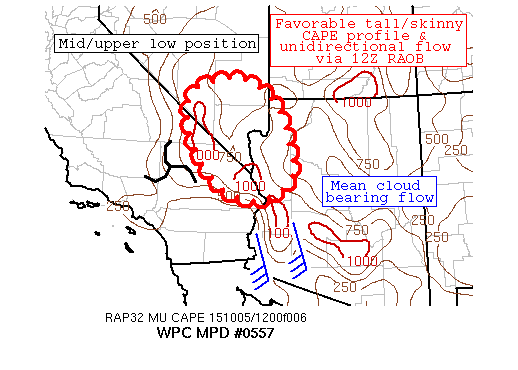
AREAS AFFECTED...EASTERN CA/SOUTHERN NV/NORTHWESTERN AZ...

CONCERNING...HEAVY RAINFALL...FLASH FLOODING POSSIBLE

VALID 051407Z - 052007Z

SUMMARY...EARLY MORNING CONVECTION CONTINUES TO DEVELOP IN CLOSE
PROXIMITY TO A STRONG UPPER LOW SPINNING OVER THE CA HIGH DESERTS.
STEEP MID-LEVEL LAPSE RATES SAMPLED OVER SOUTHERN NV SUGGESTS
ADDITIONAL DEVELOPMENT IS LIKELY...PARTICULARLY AS SOLAR HEATING
COMMENCES. UNIDIRECTIONAL FLOW SUPPORTS A THREAT FOR TRAINING
CONVECTION ALONG A NORTH/SOUTH AXIS.

DISCUSSION...IN SPITE OF THE EARLY HOUR...IMPRESSIVE INSTABILITY
IS IN PLACE WITH MUCAPES APPROACHING 1000 J/KG VIA THE 12Z VEF
RAOB. FAIRLY STEEP LAPSE RATES IN THE 900-650 MB LAYER WITH
UNIDIRECTIONAL FLOW SPANNING MUCH OF THE TROPOSPHERE. RADAR AND
LIGHTNING DATA THIS MORNING SUPPORT BOTH OF THESE ARTIFACTS WITH
ABUNDANT LIGHTNING OCCURRING ALONG A NORTH/SOUTH AXIS ACROSS
SOUTHERN NV. RECENT OBSERVATIONS SUPPORT APPROXIMATELY 0.25 TO
0.50 INCHES OF RAINFALL IN 3 HOURS. THE MORNING SOUNDING SHOWED A
BIT OF DRY AIR FROM THE SURFACE TO 800-MB WHICH COULD BE
DECREASING THE PRECIPITATION EFFICIENCY OVER THE REGION.

OVER THE COURSE OF THE NEXT SEVERAL HOURS...EXPECT THE COVERAGE OF
CONVECTION TO EXPAND AS SOLAR INSOLATION CONTINUES. DIFFERENTIAL
HEATING ZONES WILL ALSO BECOME ADDITIONAL FOCI FOR CONVECTIVE
DEVELOPMENT WITH HEAVY DOWNPOURS AND TRAINING POSSIBLE GIVEN THE
FAVORABLE VERTICAL WIND PROFILES. ADDITIONAL AREAS OF CONCERNS
WOULD BE THE USUAL LOCATIONS OF STEEP TERRAIN AS WELL AS ACROSS
URBANIZED LOCALES.

MESOSCALE MODELS SEEM TO FAVOR A LOOSELY ORGANIZED CONVECTIVE
EVENT WITH PULSE THUNDERSTORMS FIRING AMIDST THE INCREASINGLY
UNSTABLE ATMOSPHERE. THERE IS PLENTY OF MOISTURE SUPPORT FROM THE
SEA OF CORTEZ WITH +3 SIGMA 850-700 MB MOISTURE FLUX ANOMALIES.
FLASH FLOODING WILL REMAIN POSSIBLE THROUGH THE EARLY AFTERNOON
AND WILL LET THE NEXT SHIFT RE-ASSESS THE SITUATION. PLEASE VIEW
THE LATEST SPE FROM NESDIS/SAB FOR ADDITIONAL INFORMATION.